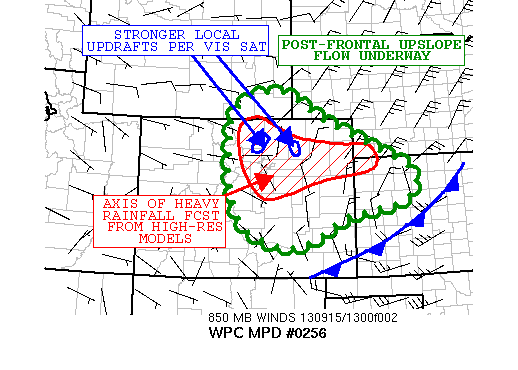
AREAS AFFECTED......EASTERN CO/SOUTHEASTERN WY/WESTERN KS...

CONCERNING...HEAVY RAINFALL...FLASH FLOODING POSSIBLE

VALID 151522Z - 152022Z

SUMMARY...WITH THE COLD FRONT SINKING SOUTH AND EAST OF THE
CENTRAL ROCKIES...THE LOW-LEVEL FLOW SHOULD CONTINUE TO VEER
AIDING IN ENHANCED UPSLOPE WINDS THROUGHOUT THE DAY. ANTECEDENT
CONDITIONS CONTINUE TO INDICATE THE REGION OF INTEREST WILL BE
PRONE FOR FLASH FLOODING EVENTS.

DISCUSSION...THE 12Z SOUNDING FROM DNR WAS NEARLY SATURATED FROM
THE SURFACE UP TO APPROXIMATELY 600 MB. PWATS AT JUST ABOVE AN
INCH RANK WITHIN THE 95TH TO 99TH PERCENTILES FOR MID-SEPTEMBER
CLIMATOLOGY. DESPITE THE TIME OF DAY NOT BEING FAVORABLE FOR
SURFACE-BASED CONVECTION...THIS SOUNDING HAD A VERY LOW LEVEL OF
FREE CONVECTION WITH OBSERVED CAPE VALUES OF NEARLY 700 J/KG. IT
APPEARS THE ATMOSPHERE HAS ALREADY BEGUN TAPPING INTO THIS AXIS OF
INSTABILITY GIVEN MULTIPLE AREAS OF ENHANCED CU SHOWING UP ON THE
VIS SATELLITE THIS MORNING. SOME OF THE COOLER CLOUD TOPS ARE
ACROSS NORTHEASTERN CO WHICH SEEMS TO BE COLLOCATED WITH THE
LEADING EDGE OF A THETA-E GRADIENT BASED ON THE 14Z RAP.

LOOKING FORWARD...THE BOUNDARY LAYER TO 700 MB WINDS SHOULD
CONTINUE TO VEER MORE TOWARD THE EAST TO NORTHEASTERLY DIRECTION
WHICH WILL ENHANCE THE UPSLOPE FLOW. CONDITIONS ALOFT APPEAR
FAVORABLE AS THE CENTRAL ROCKIES/CENTRAL HIGH PLAINS HAVE
SUFFICIENT DIFFLUENCE ALOFT AHEAD OF AN APPROACHING SHORTWAVE. THE
MOST RECENT HIGH-RES GUIDANCE SHOW PRETTY STRONG CLUSTERING OF
HIGHER RAINFALL AMOUNTS STRETCHING ALONG THE COLORADO ROCKIES
EASTWARD ALONG AND NORTH OF I-70. SOME OF THE MORE AGGRESSIVE
MODELS INCLUDE THE 00Z HIGH-RES ARW AND NMM...WRF NSSL...AND
EXPERIMENTAL NAM CONEST.